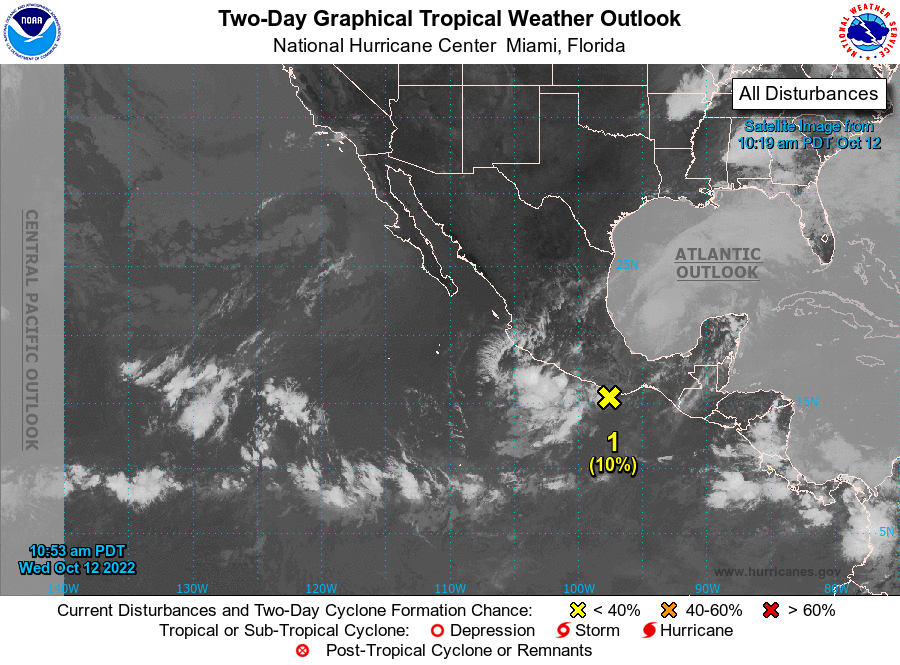
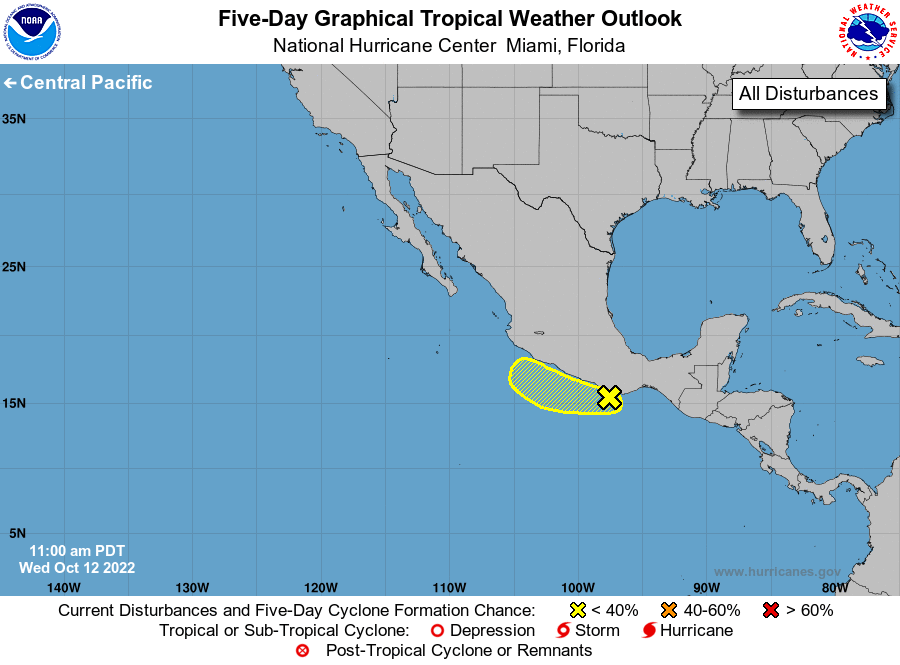
For the eastern North Pacific...east of 140 degrees west longitude:

1. Near the coast of Southern Mexico: A small area of low pressure located near the coast of southern Mexico is producing limited shower and thunderstorm activity. Any development of this system over the next few days is likely to be slow to occur due to unfavorable upper-level winds and proximity to land. The system is forecast to move west-northwestward to westward near the southern coast of Mexico during the next few days.
* Formation chance through 48 hours...low...10 percent.
* Formation chance through 5 days...low...20 percent.

Forecaster Brown